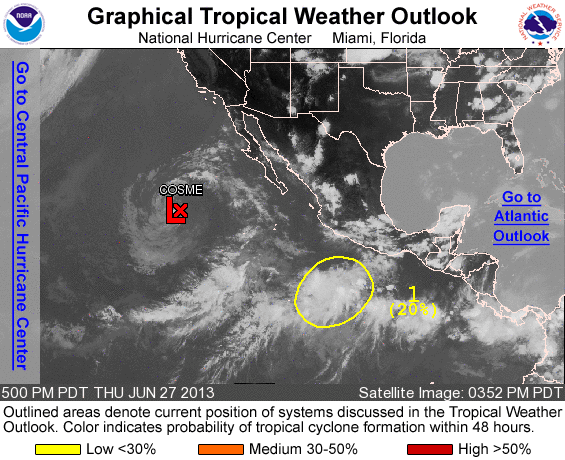
FOR THE EASTERN NORTH PACIFIC...EAST OF 140 DEGREES WEST LONGITUDE..

THE NATIONAL HURRICANE CENTER HAS ISSUED THE LAST ADVISORY ON COSME...WHICH HAS DEGENERATED TO A REMNANT LOW PRESSURE AREA LOCATED SEVERAL HUNDRED MILES WEST OF THE SOUTHERN TIP OF THE BAJA CALIFORNIA PENINSULA.

1. A DISORGANIZED AREA OF DISTURBED WEATHER CONTINUES SEVERAL HUNDRED MILES SOUTHWEST OF ACAPULCO MEXICO. UPPER-LEVEL WINDS ARE FORECAST TO BECOME MORE CONDUCIVE FOR DEVELOPMENT OVER THE NEXT FEW DAYS...AND THIS SYSTEM HAS A LOW CHANCE...20 PERCENT...OF BECOMING A TROPICAL CYCLONE DURING THE NEXT 48 HOURS AS IT MOVES SLOWLY WEST-NORTHWESTWARD OR NORTHWESTWARD.

ELSEWHERE...TROPICAL CYCLONE FORMATION IS NOT EXPECTED DURING THE NEXT 48 HOURS.

FORECASTER PASCH